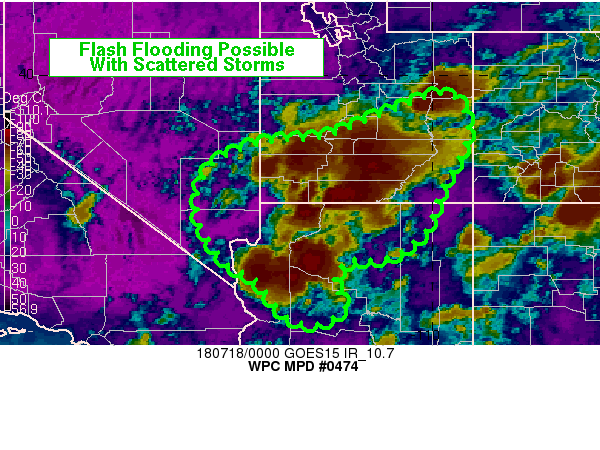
AREAS AFFECTED...FAR SERN NV...SRN UT...NWRN AZ

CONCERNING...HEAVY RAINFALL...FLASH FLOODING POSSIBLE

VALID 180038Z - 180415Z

SUMMARY...SCATTERED THUNDERSTORMS WILL CONTINUE FOR A FEW
HOURS...INTO THE EARLY EVENING...BEFORE DIMINISHING WITH A LOSS OF
SUNLIGHT. THESE STORMS MAY PRODUCE FLASH FLOODING WITH 1-2 IN/HR
RAIN RATES... PARTICULARLY NEAR BURN SCARS... NARROW CANYONS...
AND URBAN AREAS.

DISCUSSION...GOES-15 IR SATELLITE LOOPS SHOWED A BLOSSOMING OF
COLD CLOUD TOPS NEAR THE UT-AZ BORDER REGION IN THE 23-00Z TIME
FRAME...AND THIS WAS ASSOCIATED WITH AN INCREASE IN SCATTERED
CONVECTION ASSOCIATED WITH THE MONSOON. PRECIPITABLE WATER VALUES
RANGED FROM AROUND 0.8 TO 0.9 INCHES IN THE HIGHER ELEVATIONS AND
RANGES OF CENTRAL UTAH...TO AROUND 1.7 TO 1.8 INCHES IN THE MOHAVE
VALLEY SOUTH OF LAS VEGAS. THESE VALUES WERE GENERALLY AROUND THE
90TH PERCENTILE OF THE CFSR CLIMATOLOGY... ESPECIALLY IN PORTIONS
OF NORTHERN ARIZONA. RAP MODEL ANALYSIS ALSO SHOWED A CORRIDOR OF
MLCAPE VALUES OF 1500 J/KG OR MORE STRETCHING FROM THE SOUTHERN
PORTION OF THE NV-UT BORDER INTO NORTHWEST ARIZONA... AND
EFFECTIVE DEEP LAYER SHEAR WAS ALSO AROUND 20-25 KNOTS. THIS
SHOULD ALLOW FOR SOME STRONG AND ORGANIZED SINGLE-CELL
THUNDERSTORMS OR MULTICELL CLUSTERS EVOLVING ACROSS THE REGION...
EASILY CAPABLE OF PRODUCING LOCALIZED AREAS OF 1-2 IN/HR RAIN
RATES. THROUGH 01-02Z... CONVECTION SHOULD CONTINUE TO ORGANIZE
AND PROPAGATE INTO MORE UNSTABLE AREAS... WITH A GRADUAL WANING OF
CONVECTIVE COVERAGE AND INTENSITY AS THE SUN BEGINS TO SET. FLASH
FLOODING WILL BE POSSIBLE GIVEN THE EXPECTED RAIN RATES.